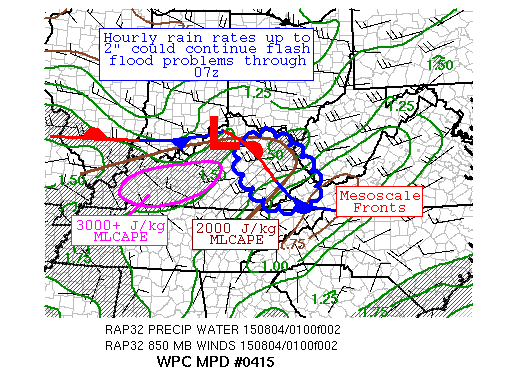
AREAS AFFECTED...EASTERN KY & VICINITY

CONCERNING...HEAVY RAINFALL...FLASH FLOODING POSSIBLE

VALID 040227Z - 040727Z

SUMMARY...A CONVECTIVE SYSTEM IS MATURING ACROSS EASTERN KY AT
THIS HOUR.  HOURLY RAIN RATES UP TO 2" THROUGH 07Z COULD CONTINUE
FLASH FLOODING.

DISCUSSION...A CONVECTIVE SYSTEM WHICH MOVED OUT OF EASTERN IN
EARLY THIS AFTERNOON INTO NORTHEAST KY HAS SHOWN BACKBUILDING
CHARACTERISTICS, WHICH CAN BE ASCRIBED TO THE INSTABILITY PATTERN
ACROSS THE REGION.  MLCAPES OF 2500-3000 J/KG LIE UPSTREAM ACROSS
MUCH OF KY, WITH 850 HPA INFLOW OF 20-25 KTS PROVIDING ENOUGH
CLOUD BASE INFLOW FOR CONVECTIVE ORGANIZATION.  PRECIPITABLE WATER
VALUES ARE NEAR 1.50", PER GPS VALUES.  A MESOSCALE SURFACE WAVE
ACROSS NORTHERN KY APPEARS TO BE PROVIDING AS AN ANCHOR ALONG THE
BOUNDARY, WITH OUTFLOW BOUNDARIES FROM ONGOING CONVECTION
REINFORCING THE MESOSCALE FRONT ACROSS EASTERN KY WHICH IS
BEGINNING TO SHOW UP IN THE TEMPERATURE AND WIND PATTERN.  STORMS
HAVE BEEN MOVING EAST-SOUTHEAST AT ~25 KTS, CLOSE TO THE MAGNITUDE
OF THE FORWARD PROPAGATING CORFIDI VECTORS.

SATELLITE TRENDS SHOW A STEADY STATE SYSTEM AS OF LATE, IMPLYING
IT HAS ANOTHER 3-4 HOURS OF LIFE.  HOWEVER, INSTABILITY UPSTREAM
SUGGESTS ANOTHER FIVE HOURS OF PRODUCTIVITY, WHILE STEADY 850 HPA
INFLOW THROUGH 10Z SUGGESTS ANOTHER EIGHT HOURS OF ISSUES.  CIN
SHOULD DEVELOP ALONG THE BOUNDARY OVERNIGHT, WHICH MAY LEAD TO A
MINIMAL SOUTHWARD CONVECTIVE ADJUSTMENT WITH TIME.  OVERALL, AN
EAST-SOUTHEAST PROPAGATION OF 25 KTS ALONG WITH CELL BACKBUILDING
SHOULD PERSIST UNTIL MOISTURE AND INSTABILITY RUNS OUT.  RAP
GUIDANCE SUGGESTS MOISTURE ACROSS THE REGION BEGINS TO LESSEN
OVERNIGHT, FALLING DOWN TO A NARROW CORRIDOR OF 1.25" VALUES BY
09Z (SIX HOURS OF POTENTIAL ISSUES).  WILL HEDGE TOWARDS THE
AVAILABLE INSTABILITY AND SATELLITE TRENDS AND USE A FIVE HOUR MPD
HORIZON.  HOURLY RAIN RATES UP TO 2" COULD CAUSE PROBLEMS MAINLY
OVER EASTERN KY THROUGH 07Z.  THE MESOSCALE GUIDANCE HAS
ESSENTIALLY NO IDEA THIS COMPLEX EXISTS, WHICH INCREASES
UNCERTAINTY.  THIS SYNOPTIC SITUATION BEARS SOME RESEMBLANCE TO
THAT OF NORTHWEST MO LAST NIGHT, WHERE LOCAL AMOUNTS OF 5"
OCCURRED, THOUGH CLOUD BASE INFLOW SHOULD BE STRONGER.  BELIEVE
LOCAL AMOUNTS OF 3-5" ARE POSSIBLE DUE TO EXPECTED HOURLY RAIN
RATES AND CELL TRAINING.